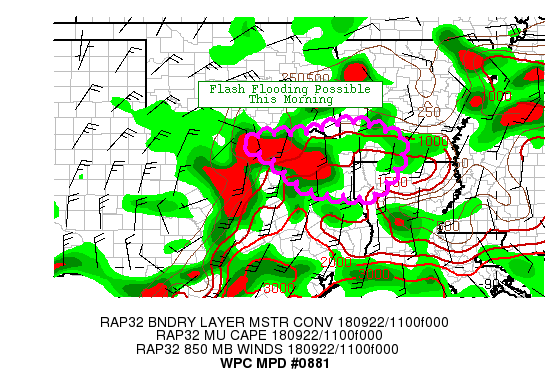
Areas affected...Northeast TX towards the OK/AR/LA border

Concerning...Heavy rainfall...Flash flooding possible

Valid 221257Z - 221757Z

Summary...Flash flooding is possible this morning across portions
of Northeast TX into far southeast OK, northwest LA and southwest
AR.

Discussion...An area of low pressure continues to slowly move
eastward just south of the Red River over north TX. A nearly
stationary front extends east from the low across northeast TX
towards the AR/LA border. An area of convection is moving
northward ahead of this low this morning. This activity is
generally progressive off to the north, however could see some
slowing and backbuilding of the activity as it interacts with the
west/east axis of strong low level convergence. The environment
remains conducive for warm rain processes. Thus while activity
should remain progressive enough to prevent extreme totals...given
the expected rainfall efficiency and some backbuilding
potential...at least localized 2-4" totals appear probable across
portions of northeast TX towards the OK/TX/AR/LA border region.
Overall, antecedent rainfall over the past day has not been as
high across this area, so would characterize the flash flood
threat through 18z as POSSIBLE, with significant widespread issues
appearing less likely.

In general would say most of the high res guidance are too far
north with their axis of higher QPF amounts through 18z. The
actual position of the front and instability axis appears further
south than forecast...and is unlikely to make too much progress
northward this morning. Overrunning rainfall is expanding north of
the front across southeast OK this morning...but the lack of
instability should keep rates down. Given the past 24 hour
rainfall over southeast OK, this additional rain may continue
ongoing areal flood issues...but appears less likely  to result in
additional significant flash flood concerns at this time. Thus,
focused the MPD area further southeast where the best chance of
convective rains producing more intense rates appears to exist.